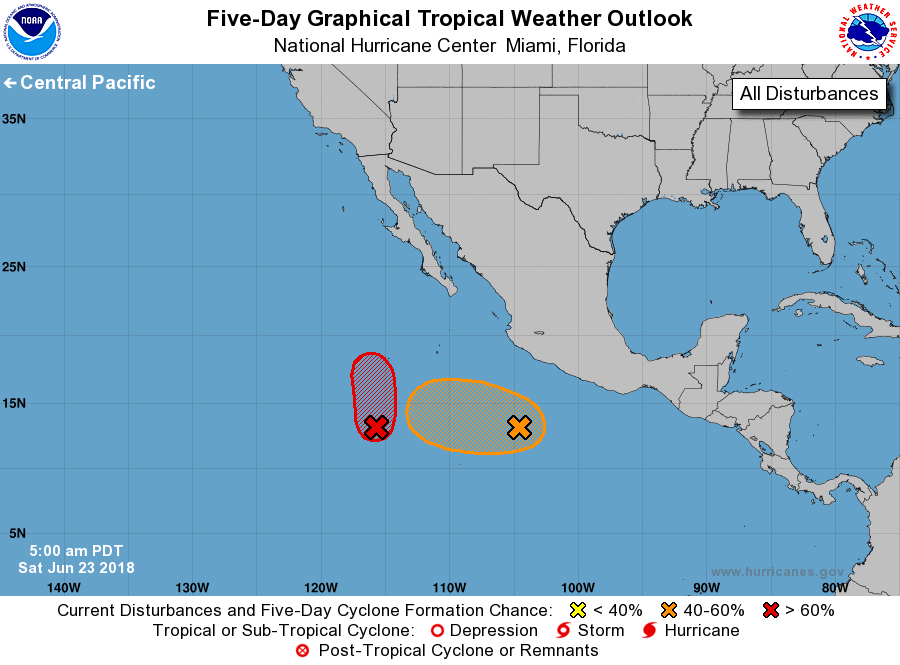
For the eastern North Pacific...east of 140 degrees west longitude:

1. An elongated area of low pressure located several hundred miles southwest of Acapulco, Mexico, continues to produce disorganized shower and thunderstorm activity. Conditions may become more conducive for development when a second weather system approaches this disturbance from the east over the next several days, and a tropical depression could form by the middle of next week well offshore of the southwestern coast of Mexico.
* Formation chance through 48 hours...low...20 percent.
* Formation chance through 5 days...medium...60 percent.

2. Showers and thunderstorms are gradually becoming better organized near an area of low pressure located about 800 miles south-southwest of the southern tip of the Baja California peninsula, but satellite wind data indicate that the low's circulation remains somewhat elongated. Environmental conditions are expected to be conducive for development while the system moves northward over the next day or two, and a tropical depression is likely to form before the system reaches colder waters on Monday.
* Formation chance through 48 hours...high...70 percent
* Formation chance through 5 days...high...70 percent

Forecaster Berg